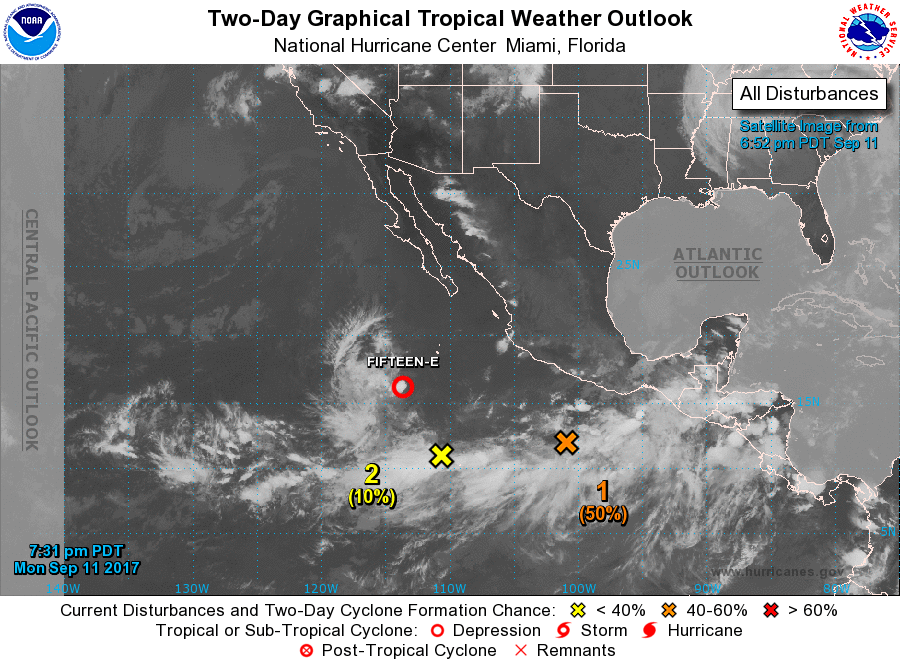
For the eastern North Pacific...east of 140 degrees west longitude:

The National Hurricane Center is issuing advisories on Tropical Depression Fifteen-E, located several hundred miles south-southwest of the southern tip of the Baja California peninsula.

1. A trough of low pressure located a couple of hundred miles south of the southern coast of Mexico continues to produce disorganized showers and thunderstorms. Environmental conditions are forecast to be conducive for development, and a tropical depression is likely to form later this week while the system moves slowly northwestward.
* Formation chance through 48 hours...medium...50 percent.
* Formation chance through 5 days...high...70 percent.

2. Another area of low pressure is expected to form several hundred miles south-southwest of the Baja California peninsula in a day or two. Environmental conditions are expected to be conducive for gradual development after that time while it moves slowly northward.
* Formation chance through 48 hours...low...10 percent.
* Formation chance through 5 days...medium...60 percent.

Public Advisories on Tropical Depression Fifteen-E are issued under WMO header WTPZ35 KNHC and under AWIPS header MIATCPEP5. Forecast/Advisories on Tropical Depression Fifteen-E are issued under WMO header WTPZ25 KNHC and under AWIPS header MIATCMEP5.

Forecaster Zelinsky